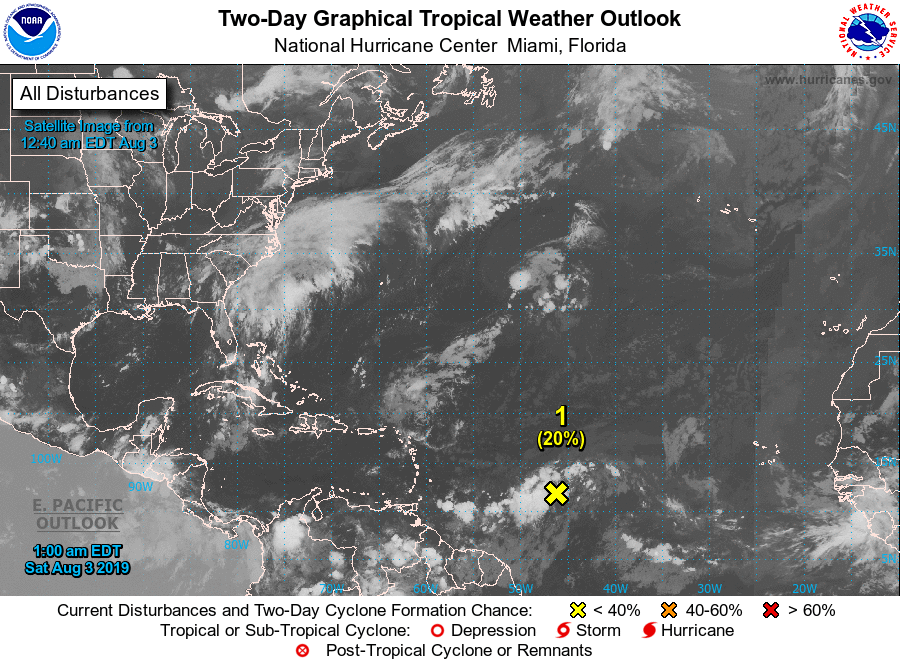
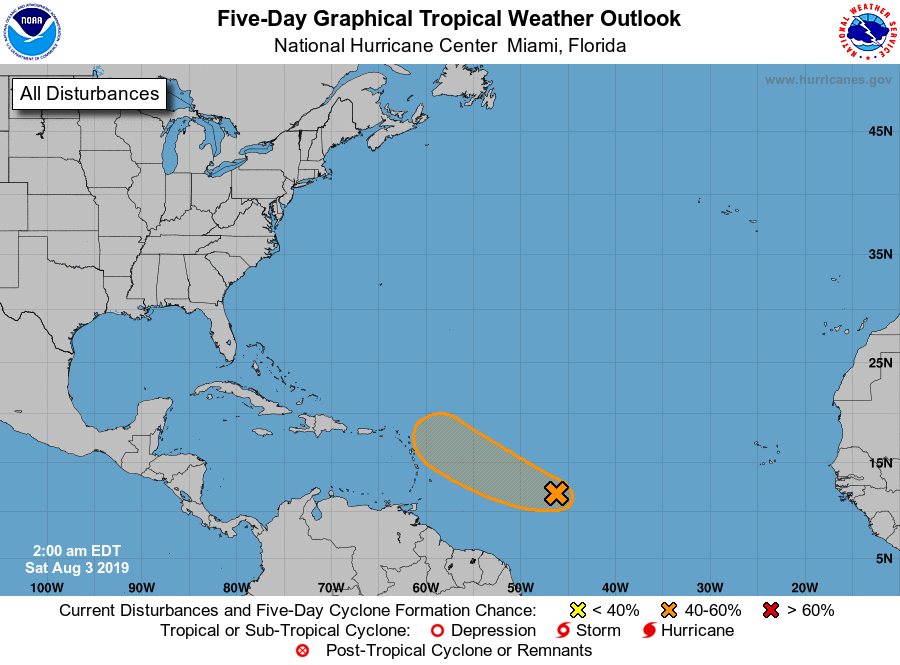
For the North Atlantic...Caribbean Sea and the Gulf of Mexico:

1. An elongated area of low pressure located several hundred miles east-southeast of the Lesser Antilles continues to produce a large but disorganized area of showers and thunderstorms. Although upper-level winds are expected to be only marginally conducive for development, this system could become a tropical depression early next week while it moves west-northwestward toward the Leeward Islands.
* Formation chance through 48 hours...low...20 percent.
* Formation chance through 5 days...medium...40 percent.

Forecaster Cangialosi